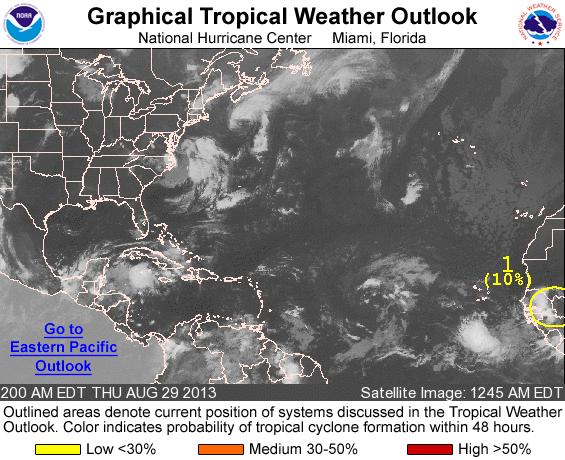
FOR THE NORTH ATLANTIC...CARIBBEAN SEA AND THE GULF OF MEXICO...

1. A TROPICAL WAVE LOCATED OVER WESTERN AFRICA IS MOVING WESTWARD AT 10 TO 15 MPH...AND AN AREA OF LOW PRESSURE COULD FORM AFTER THE WAVE MOVES OFF THE COAST ON FRIDAY. SOME DEVELOPMENT OF THIS SYSTEM IS POSSIBLE BEFORE UPPER-LEVEL WINDS BECOME UNFAVORABLE BY EARLY NEXT WEEK. THIS SYSTEM HAS A LOW CHANCE...10 PERCENT...OF BECOMING A TROPICAL CYCLONE DURING THE NEXT 48 HOURS...AND A MEDIUM CHANCE...30 PERCENT...OF BECOMING A TROPICAL CYCLONE DURING THE NEXT 5 DAYS WHILE IT MOVES NEAR THE CAPE VERDE ISLANDS.

OTHER SYSTEMS WITH FORMATION POTENTIAL BEYOND 48 HOURS...

SHOWER ACTIVITY ASSOCIATED WITH A TROPICAL WAVE LOCATED ABOUT 1300 MILES EAST OF THE LESSER ANTILLES REMAINS LIMITED. SOME SLOW DEVELOPMENT IS POSSIBLE DURING THE NEXT COUPLE OF DAYS WHILE THE WAVE MOVES WESTWARD AT ABOUT 15 MPH AND APPROACHES THE LESSER ANTILLES. AFTER THAT TIME...UPPER-LEVEL WINDS COULD INHIBIT FURTHER DEVELOPMENT. THIS SYSTEM HAS A LOW CHANCE...NEAR 0 PERCENT...OF BECOMING A TROPICAL CYCLONE DURING THE NEXT 48 HOURS...AND A LOW CHANCE...20 PERCENT...OF BECOMING A TROPICAL CYCLONE DURING THE NEXT 5 DAYS.

FIVE-DAY FORMATION PROBABILITIES ARE EXPERIMENTAL IN 2013. COMMENTS ON THE EXPERIMENTAL FORECASTS CAN BE PROVIDED AT...

HTTP://WWW.NWS.NOAA.GOV/SURVEY/NWS-SURVEY.PHP?CODE=ETWO

FORECASTER BRENNAN